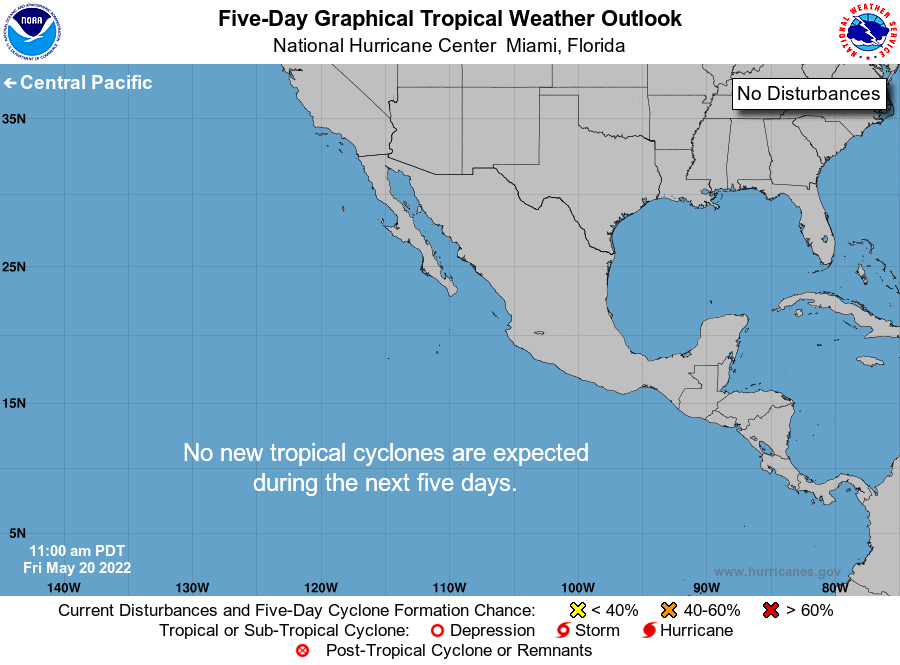
For the eastern North Pacific...east of 140 degrees west longitude:

Tropical cyclone formation is not expected during the next 5 days.

Forecaster Berg